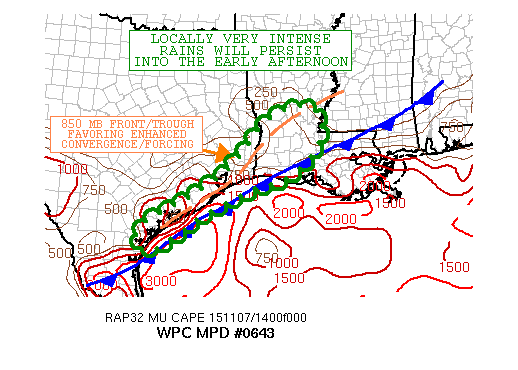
AREAS AFFECTED...SOUTHEAST TX...SOUTHWEST/CENTRAL LA

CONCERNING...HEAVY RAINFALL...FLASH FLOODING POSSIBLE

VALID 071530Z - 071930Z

SUMMARY...INTENSE AND SLOW-MOVING SHOWERS WILL CONTINUE OVER THE
NEXT SEVERAL HOURS AND WITH INTENSE RAINFALL RATES EXCEEDING 2
INCHES/HR...FLASH FLOODING WILL BE POSSIBLE.

DISCUSSION...THE LATEST WV SATELLITE IMAGERY SHOWS A SHORTWAVE
TROUGH WITH A SUBTROPICAL ORIGIN EJECTING NORTHEAST ACROSS CENTRAL
TX THIS MORNING...AND THIS ENERGY IS INTERACTING WITH A SURFACE
COLD FRONT THAT IS SLOWLY PUSHING SOUTHEAST ACROSS THE GULF COAST
STATES. WIDESPREAD AND LOCALLY HEAVY SHOWERS HAVE BEEN OCCURRING
THIS MORNING ACROSS MUCH OF SOUTHEAST TX AND WELL NORTHEAST
THROUGHOUT THE LOWER MS VALLEY.

THERE HAS BEEN SOME SUBTLE COOLING NOTED IN THE CLOUD TOPS OVER
THE LAST COUPLE OF HOURS OVER SOUTHEAST TX WHICH APPEARS TO BE
REFLECTIVE OF THE STRONGER DEEP LAYER ASCENT ASSOCIATED WITH THE
SHORTWAVE TROUGH AND UPPER JET DYNAMICS. WHILE INSTABILITY IS VERY
LIMITED...AND FOCUSED GENERALLY ALONG THE GULF COAST AND
OFFSHORE...THE UPTICK IN DEEPER LAYER FORCING AND CONVERGENCE NEAR
THE FRONT IS FOCUSING SOME AREAS OF INTENSE CONVECTIVE RAINS. THIS
HAS PARTICULARLY BEEN NOTED THAT LAST COUPLE OF HOURS ACROSS
EXTREME SOUTHEAST TX FROM NEAR CORPUS CHRISTI TO GALVESTON AND UP
THE COAST TO THE BEAUMONT-PORT ARTHUR AREA. HEAVY RAINS ALSO
EXTEND NORTHEAST INTO CENTRAL LA...AND ALL OF THIS ACTIVITY
APPEARS TO BE ENHANCED RIGHT ALONG A WELL-DEFINED 850 MB
FRONT/TROUGH AXIS WHICH IS MOVING VERY LITTLE FOR THE TIME BEING.

OVER THE NEXT FEW HOURS...THERE IS A CONCERN FOR LOCALLY VERY
HEAVY RAINFALL AMOUNTS ALONG THE UPPER TX COAST AND INLAND ACROSS
PARTS OF SOUTHWEST AND CENTRAL LA. THE LATEST HRRR SUGGESTS THE
POTENTIAL FOR 3 TO 6 INCHES OF RAIN THROUGH ABOUT 19Z...WITH
ISOLATED HEAVIER AMOUNTS. GIVEN VERY SLOW-CELL MOTION AND
POTENTIAL FOR CELL TRAINING...THESE AMOUNTS APPEAR TO BE
REALISTIC. FURTHERMORE...THE LATEST GOES-SOUNDER AND GPS-DERIVED
PWATS ARE RUNNING FROM ABOUT 1.9 TO 2.1 INCHES...WHICH WILL DRIVE
RAINFALL RATES IN EXCESS OF 2 INCHES/HR. THEREFORE...FLASH
FLOODING WILL BE POSSIBLE.